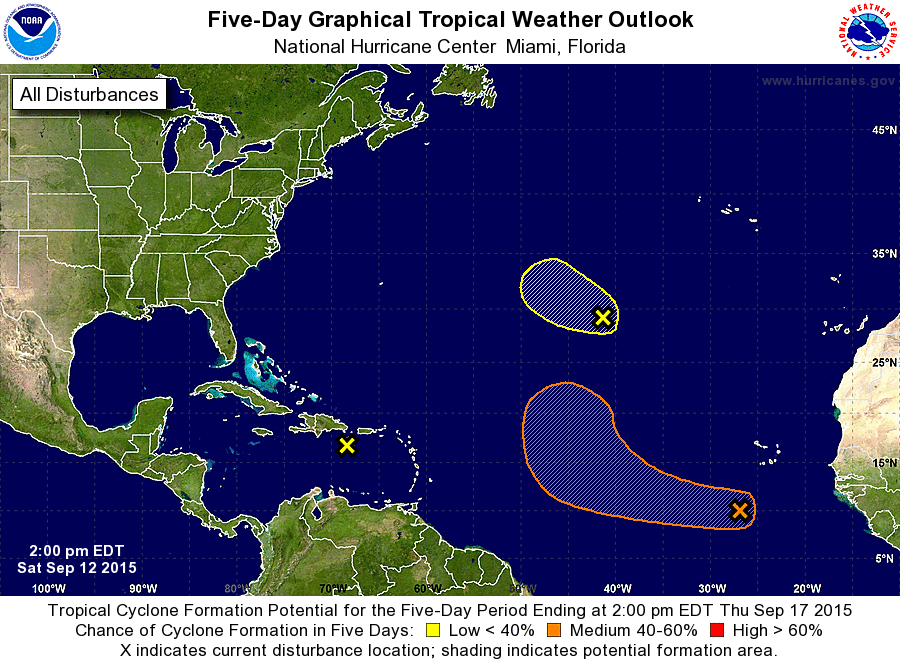
For the North Atlantic...Caribbean Sea and the Gulf of Mexico:

1. Showers and thunderstorms have diminished during the past few hours over the northeastern Caribbean Sea in association with the remnants of Tropical Storm Grace. Upper-level winds are not expected to be favorable for redevelopment of this system during the next several days. However, isolated heavy rain and gusty winds are still possible across portions of the Virgin Islands, Puerto Rico, Hispaniola, Cuba, and the Bahamas during the next day or two while the system moves west-northwestward at 15 to 20 mph.
* Formation chance through 48 hours...low...near 0 percent
* Formation chance through 5 days...low...near 0 percent

2. A tropical wave located a few hundred miles south-southwest of the Cape Verde Islands is producing disorganized shower activity while it moves westward at about 15 mph. Environmental conditions are forecast to be favorable for development, and a tropical depression could form during the next several days while the system moves west-northwestward to northwestward across the central tropical Atlantic.
* Formation chance through 48 hours...low...30 percent
* Formation chance through 5 days...medium...60 percent

3. A small low pressure system located about 900 miles southwest of the Azores is producing minimal shower and thunderstorm activity. Development, if any, of this low is expected to be slow to occur while it moves westward to west-northwestward at about 10 mph over the next couple of days.
* Formation chance through 48 hours...low...10 percent
* Formation chance through 5 days...low...10 percent

Forecaster Brennan